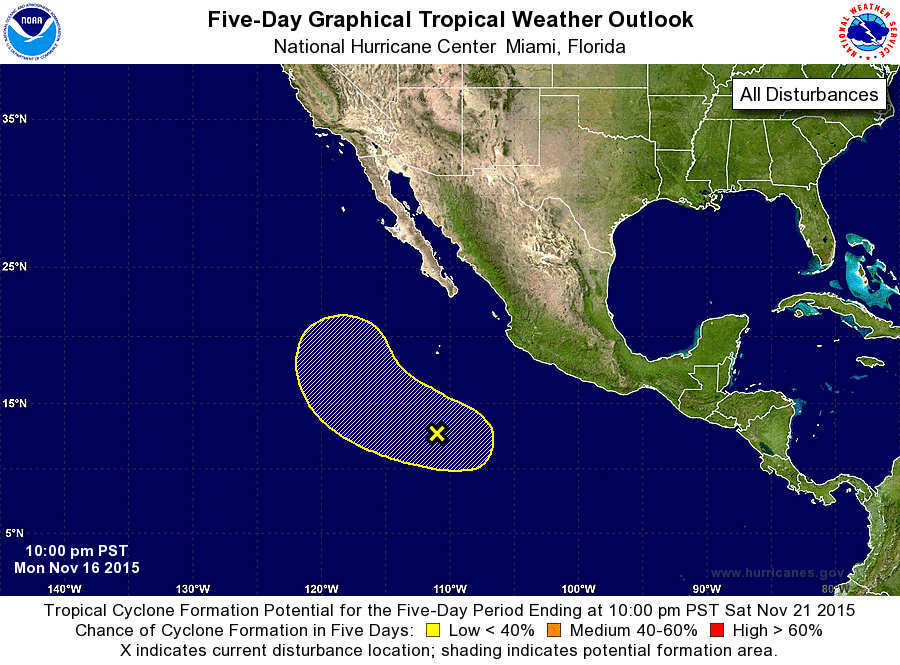
For the eastern North Pacific...east of 140 degrees west longitude:

1. A large area of disturbed weather is located about 750 miles south of the southern tip of the Baja California peninsula. Some gradual development of this system is possible during the next few days while it moves west-northwestward at 5 to 10 mph.
* Formation chance through 48 hours...low...10 percent
* Formation chance through 5 days...low...20 percent

Forecaster Avila